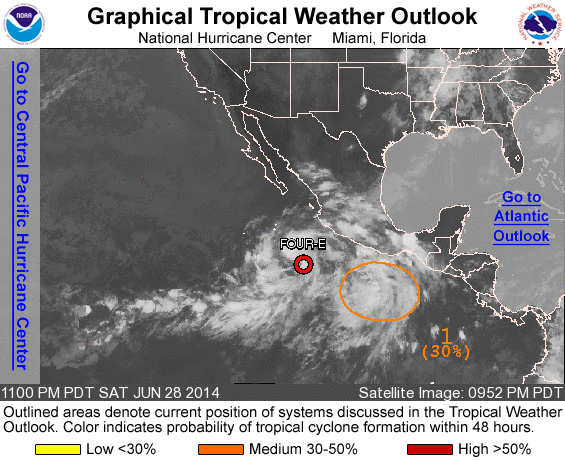
For the eastern North Pacific...east of 140 degrees west longitude:

The National Hurricane Center is issuing advisories on Tropical Depression Four-E, located several hundred miles southwest of Manzanillo, Mexico.

1. A small area of low pressure located several hundred miles southwest of the Gulf of Tehuantepec is producing disorganized showers and thunderstorms. Some development of this system is possible over the next few days while it moves west-northwestward or northwestward at 10 to 15 mph.
* Formation chance through 48 hours...medium...30 percent.
* Formation chance through 5 days...medium...50 percent.

Public Advisories on Tropical Depression Four-E are issued under WMO header WTPZ34 KNHC and under AWIPS header MIATCPEP4. Forecast/Advisories on Tropical Depression Four-E are issued under WMO header WTPZ24 KNHC and under AWIPS header MIATCMEP4.

Forecaster Pasch